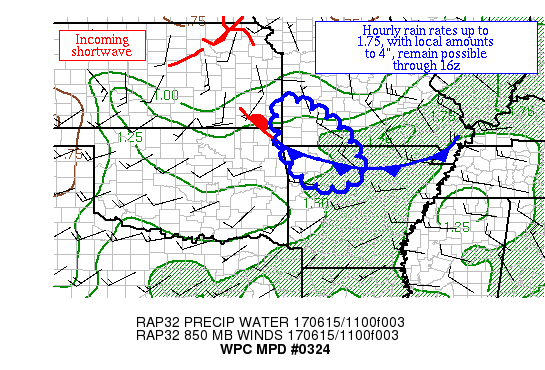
AREAS AFFECTED...SOUTHWEST MO & NORTHWEST AR

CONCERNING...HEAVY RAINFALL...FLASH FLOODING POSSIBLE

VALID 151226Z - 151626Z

SUMMARY...CONVECTION OCCASIONALLY SHOWING TRAINING CHARACTERISTICS
HAS LED TO LOCAL AMOUNTS OF 3-5" ACROSS SOUTHWEST MO SO FAR.  THIS
COMPLEX SHOULD PERSIST FOR A FEW MORE HOURS, PRODUCING HOURLY RAIN
RATES UP TO 1.75" AND LOCAL AMOUNTS UP TO 4".

DISCUSSION...THUNDERSTORMS ACROSS SOUTHWEST MO HAVE BEEN STUBBORN
TO FORWARD PROPAGATE WITHIN THE SOUTHWEST FLANK OF AN OUTFLOW
BOUNDARY.  INFLOW AT 850 HPA IS CONVERGENT AROUND 20 KTS WHICH IS
ADVECTING IN MUCAPES OF 2000+ J/KG ACROSS SOUTHERN KS, WHICH HAS
CAUSED SOME BACK BUILDING.  EFFECTIVE BULK SHEAR OF 25 KTS IS
HELPING WITH THE CONVECTIVE ORGANIZATION.  AGEOSTROPHIC OUTWARD
FLOW FROM A MESOHIGH IN SOUTHERN MO IS ENHANCING CONVERGENCE ALONG
THE OUTFLOW BOUNDARY.

ALOFT, A SHORTWAVE MOVING ACROSS SOUTHEAST NE AND NORTHEAST KS IS
APPARENT ON WATER VAPOR IMAGERY, WHICH COULD KEEP THIS AREA OF
CELL TRAINING/CONVECTION ACTIVE FOR A FEW MORE HOURS AS IT SHIFTS
SOUTH-SOUTHEAST AT 20-25 KTS.  A NORTHWARD ADJUSTED VERSION OF THE
06Z NAM CONEST IS HANDLING THIS ACTIVITY BEST; THE 06Z CANADIAN
REGIONAL SIGNAL WAS IN THE RIGHT SPOT BUT A BIT TOO SMALL.  BY
16Z, THE LOW-LEVEL INFLOW IS EXPECTED TO WEAKEN, SO BELIEVE
CONVECTION SHOULD BE WANING IN THIS REGION AROUND THAT TIME.
UNTIL THEN, HOURLY RAIN RATES UP TO 2" WITH LOCAL AMOUNTS UP TO 4"
CAN BE EXPECTED, WHICH WOULD THREATEN THE THREE HOURLY FLASH FLOOD
GUIDANCE VALUES IN THE AREA.